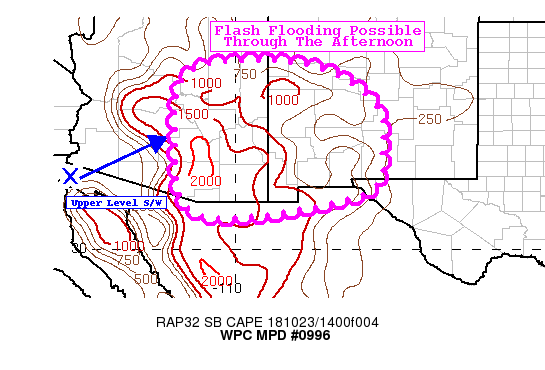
Areas affected...Southeast Arizona...Southwest New Mexico

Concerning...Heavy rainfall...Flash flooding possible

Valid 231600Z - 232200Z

Summary...As instability builds across the region through the
afternoon, convection is expected to increase in coverage and
intensity. This will pose a localized flash flood threat with
maximum totals of 1-2" possible through 22z.

Discussion...Recent water vapor imagery and 500 mb heights showed
a well-defined shortwave across far southern California and
southwest Arizona with broad diffluent flow ahead of it across
much of AZ and NM. The 12z EPZ and TUS soundings showed PWATs of
around 1.1", which is roughly 2-3 SD above the mean for this time
of year. Finally, a recent mesosanalysis showed MLCAPE of
1000-1500 J/kg where scattered convection has been ongoing since
earlier this morning. Recent observations show a few locations
have received around 0.5" in about an hour.

Through this afternoon convection is expected to increase in
coverage and intensity as instability builds further across the
region. This will coincide with the approach of the mid/upper
level shortwave trough, enhancing the forcing for ascent. The
850-300 mb flow is unidirectional which combined with an increase
in moisture will allow the potential for training convection
across the area.

12z HREF probabilities for exceeding 1" are maximized across far
southeastern Arizona and southwest into south-central New Mexico.
Totals 1-2" (with locally higher amounts) will be possible by
early afternoon. Given wet antecedent conditions (parts of AZ/NM
running 200-300 percent of normal last 7 days) and lower FFG (1-hr
1-1.5"), there is increased confidence for localized flash flood
threats across the area.